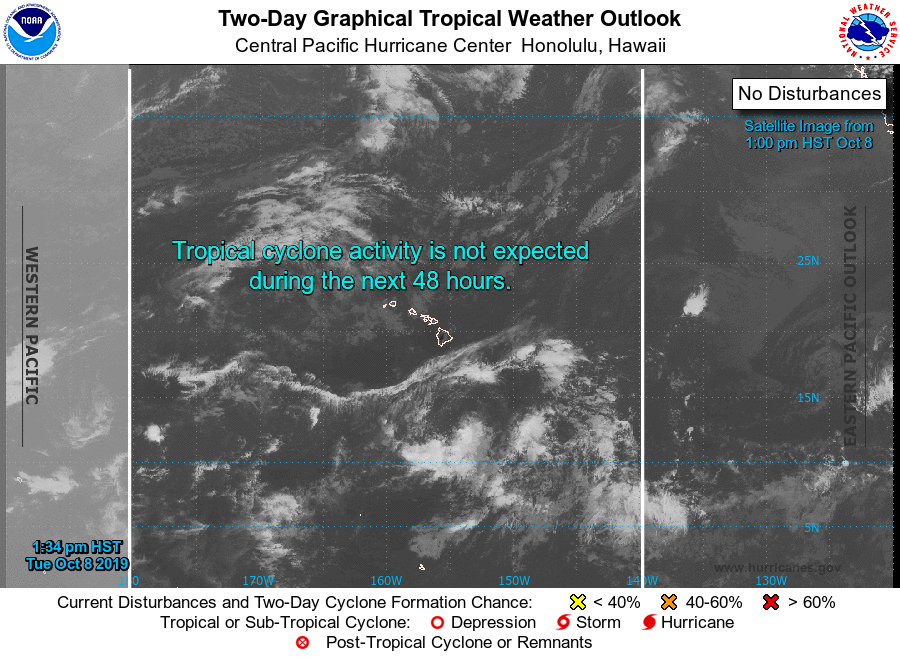
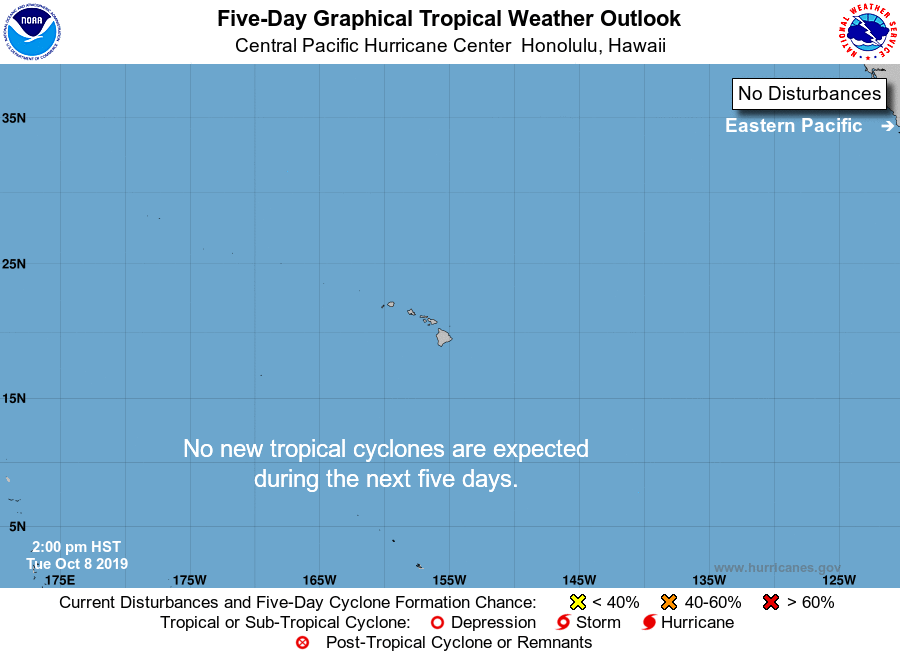
For the central North Pacific...between 140W and 180W:

No tropical cyclones are expected during the next 5 days.

Forecaster Kino